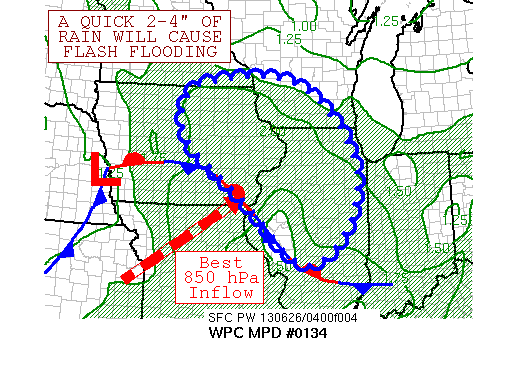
AREAS AFFECTED...EASTERN IA...FAR SOUTHEAST MN...SOUTHWEST
WI...NORTHERN AND CENTRAL IL

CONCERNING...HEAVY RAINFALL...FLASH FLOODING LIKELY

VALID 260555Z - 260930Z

SUMMARY...A GROWING AREA OF CONVECTION IS DEVELOPING ACROSS
EASTERN IA.  DUE TO THE RECENT RAINFALL OVER THE PAST SEVERAL
DAYS, FLASH FLOODING IS LIKELY NEAR AND DOWNSTREAM OF EASTERN IA.

DISCUSSION...SOUTHWESTERLY LOW-LEVEL INFLOW OF ROUGHLY 35 KNOTS AT
850 HPA IS OVERRIDING A MESOSCALE SURFACE BOUNDARY ACROSS SOUTHERN
IA, LEADING TO A NEW BATCH OF THUNDERSTORM ACTIVITY, WHICH SHOULD
CONTINUE TO ORGANIZE.  THE REGION IS JUST AHEAD OF A
NEGATIVELY-TILTED SHORTWAVE ALOFT, WHICH IS PROMOTING EXCELLENT
OUTFLOW OVER THE REGION.  SATELLITE- DERIVED CAPE VALUES ARE IN
THE 2500-4500 J/KG RANGE ACROSS IA, ADVERTISING SIGNIFICANT
INSTABILITY.  PRECIPITABLE WATER VALUES ARE IN THE 1.75-2 INCH
RANGE, WHICH IS WELL ABOVE NORMAL FOR JUNE.

WHILE THE THUNDERSTORMS ARE INITIALLY ELEVATED IN NATURE, BELIEVE
AS THE CONVECTIVE COMPLEX BECOMES BETTER ORGANIZED THAT THE SYSTEM
WILL BEGIN TO MOVE ON AN EAST-SOUTHEAST TO SOUTHEAST TRAJECTORY AS
A LOW-LEVEL COLD POOL DEVELOPS IN ASSOCIATION WITH THE CLUSTER,
WITH CONVECTION MOVING CLOSER TO THE MESOSCALE STATIONARY
BOUNDARY.  THERE COULD BE BACKBUILDING ACROSS THE REGION OVER THE
NEXT FEW HOURS -- NOTED WITHIN RECENT GFS-BASED CORFIDI VECTORS --
AS THE LOW-LEVEL JET INCREASES, WHICH INCREASES THE RISK OF FLASH
FLOODING NEAR AND DOWNWIND OF EASTERN IA.  THIS COULD
SIGNIFICANTLY LENGTHEN THE BAND WITH TIME.  FLASH FLOOD GUIDANCE
IS QUITE LOW ACROSS THE REGION DUE TO SEVERAL DAYS OF HEAVY
RAINFALL, ON THE ORDER OF 1-1.5 INCHES IN THREE HOURS.  A QUICK
2-4 INCHES OF RAINFALL ACROSS THE SATURATED REGION WILL LEAD TO
FLASH FLOODING OVER THE NEXT FEW HOURS.